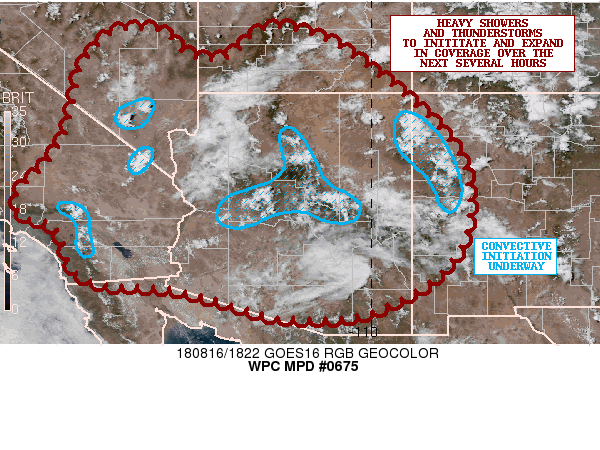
Areas affected...Southern/Eastern CA...Southern NV...Southern
UT...AZ...Western NM

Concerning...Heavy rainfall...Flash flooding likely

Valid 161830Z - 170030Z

Summary...Numerous showers and thunderstorms will be developing
over the next several hours. Heavy rainfall rates and slow-moving
cells will likely result in flash flooding going through the
afternoon hours.

Discussion...The latest GOES-16 Geocolor RGB imagery shows
convection just beginning to initiate over the higher terrain of
far eastern CA, southern NV, central AZ and western NM as strong
solar insolation continues which is contributing to a
destabilizing boundary layer. Already, MLCAPE values are on the
order of 2000 to 2500 j/kg over southwest AZ and the instability
axis expands across southern/eastern CA and southern NV that very
closely aligns with a tight mid level moisture gradient seen in
Simple WV RGB imagery.

The PWATS across the Southwest U.S. are quite anomalous and
notably more so than 24 hours ago, with values of 1.8 to 2.0
inches seen across central/southern AZ and the deserts of southern
CA. This moisture is about 2 to 2.5 standard deviations above
normal and will be conducive to much more efficient convection
where rainfall rates will be enhanced.

Over the next several hours, convection will continue to initiate
over the higher terrain of the broader Southwest U.S. and expand
in coverage with slow-moving cells and rainfall rates that are
likely to reach over 2 inches/hr within the stronger convective
cores. Based on the latest suite of 12Z hires guidance, and HREF
probabilities, the more concentrated activity should tend to be
over areas of southern CA and AZ, but convection will be
developing also farther north across southern NV, southern UT and
western NM as well.

In all areas, flash flooding is expected to be a concern this
afternoon given the anomalous moisture profiles, weak steering
flow, and proximity of terrain which will locally anchor and focus
convection even further. Expect rainfall totals at least locally
of as much as 3 to 4 inches going through 00Z. Flash flooding will
be likely over any impacted burn scar areas, washes and
slot-canyons as well as areas well downstream from these locations.